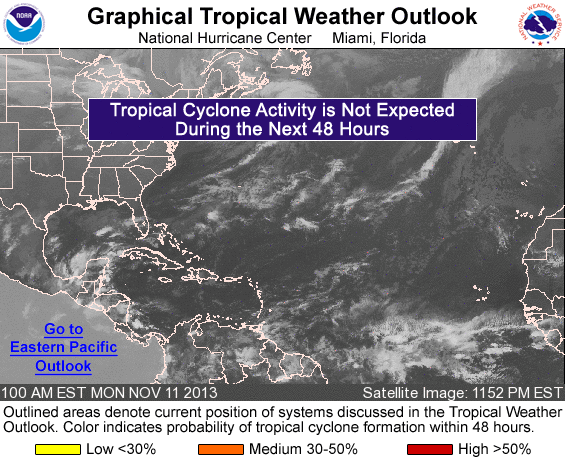
FOR THE NORTH ATLANTIC...CARIBBEAN SEA AND THE GULF OF MEXICO...

TROPICAL CYCLONE FORMATION IS NOT EXPECTED DURING THE NEXT 5 DAYS.

&&
FIVE-DAY FORMATION PROBABILITIES ARE EXPERIMENTAL IN 2013. COMMENTS ON THE EXPERIMENTAL FORECASTS CAN BE PROVIDED AT...

HTTP://WWW.NWS.NOAA.GOV/SURVEY/NWS-SURVEY.PHP?CODE=ETWO

FORECASTER CANGIALOSI